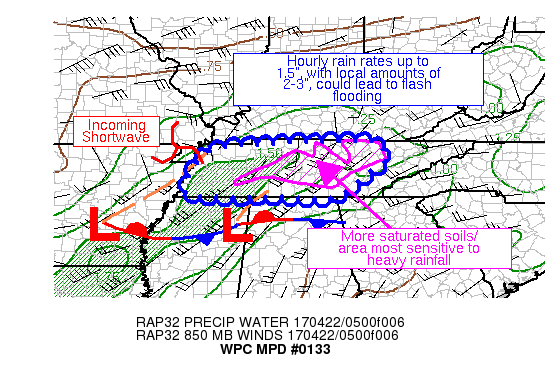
AREAS AFFECTED...WESTERN & CENTRAL TN

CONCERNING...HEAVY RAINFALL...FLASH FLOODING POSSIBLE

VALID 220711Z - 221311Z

SUMMARY...THUNDERSTORMS WITH COOLING CLOUD TOPS ARE SPREADING
ACROSS WESTERN TN. HOURLY RAIN RATES TO 1.5", WITH LOCAL AMOUNTS
OF 2-3", COULD LEAD TO FLASH FLOODING, PARTICULARLY IN CENTRAL TN.

DISCUSSION...SINCE 05Z, THUNDERSTORMS HAVE BEEN BUILDING ACROSS
WESTERN TN AHEAD OF A SHORTWAVE APPARENT IN SATELLITE AND RADAR
IMAGERY NEAR THE BOOTHEEL OF MO.  BULK SHEAR IN THE 0-6 KM LAYER
IS NEAR 35 KTS PER SPC MESOANALYSES.  INFLOW INTO THE STORMS IS
SLIGHTLY CONVERGENT AND OUT OF THE SOUTHWEST AT 30-40 KTS, WITH
WINDS NEARLY UNIDIRECTIONAL WITH HEIGHT.  AT THE TIME OF THIS
DISCUSSION'S WRITING, PROBLEMS RELATED TO THE RAINFALL IN WESTERN
TN HAVE BEEN LIMITED TO TYPICAL URBAN FLOODING PER RECENT FEEDBACK
FROM MEG/THE MEMPHIS TN FORECAST OFFICE. PRECIPITABLE WATER VALUES
OF 1.1-1.5" EXIST IN THIS AREA PER GPS DATA.  PERIODS OF RAIN OVER
THE PAST SEVERAL HOURS SHOULD HAVE SATURATED THE ATMOSPHERE ACROSS
CENTRAL AND WESTERN TN (LEADING TO TALL SKINNY CAPES), ALLOWING
THE ATMOSPHERE TO RESPOND MORE EFFECTIVELY TO LOWERED INSTABILITY.
 THE LATEST SPC MESOANALYSIS SHOWS AN AREA OF 500+ J/KG MUCAPES
ACROSS SOUTHWEST TN AND NEAR THE MS/AL/TN BORDER JUNCTION.

WITH INSTABILITY EXPECTED TO BE STEADY STATE, OR POSSIBLY INCREASE
SLIGHTLY FURTHER IN THE DIVERGENT ATMOSPHERE ALOFT AHEAD OF A
CLOSED LOW NEAR THE SOUTHERN KS/MO BORDER, BELIEVE HEAVY RAIN
CONCERNS COULD PERSIST INTO THE MORNING HOURS.  THIS WOULD BE MOST
PROBLEMATIC IN CENTRAL TN WHERE SOILS HAVE BEEN PARTIALLY
SATURATED BY RECENT RAINFALL.  THE 00Z SPCWRF APPEARS TO HAVE THE
BEST MATCH TO THE PRECIPITATION PATTERN EXPECTED THIS PERIOD.
HOURLY RAIN RATES UP TO 1.5", WITH LOCAL AMOUNTS IN THE 2-3"
RANGE, ARE POSSIBLE THROUGH 13Z, WHICH COULD LEAD TO FLASH
FLOODING.